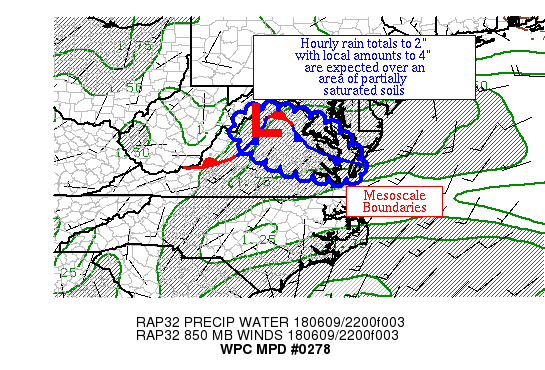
AREAS AFFECTED...PORTIONS OF VA & SOUTHERN MD

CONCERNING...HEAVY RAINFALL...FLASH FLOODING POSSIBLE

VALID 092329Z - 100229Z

SUMMARY...THUNDERSTORMS COULD CONTINUE TO POSE HEAVY RAIN ISSUES
FOR ANOTHER FEW HOURS ACROSS PORTIONS OF NORTHERN AND CENTRAL VA.
HOURLY TOTALS TO 2" WITH LOCAL AMOUNTS TO 4" ARE POSSIBLE.

DISCUSSION...THUNDERSTORMS HAVE BEEN ATTEMPTING TO BROADEN IN
SCALE ACROSS NORTHERN AND EASTERN VA AS WELL AS SOUTHERN MD NEAR
AND EAST OF A MESOSCALE WAVE OF LOW PRESSURE, AHEAD OF A SHORTWAVE
MOVING ACROSS WV.  PRECIPITABLE WATER VALUES ARE ~1.75" PER RECENT
GPS DATA.  CONVERGENT 850 HPA FLOW HAS BEEN ROUGHLY OUT OF THE
WEST AT 15-20 KTS PER VAD WIND PROFILES.  THIS IS IMPORTING ML
CAPE VALUES OF 1500-2000 J/KG OUT OF CENTRAL AND NORTHERN VA
DOWNSTREAM TO THE EAST.  TO THE EAST OF THE WAVE, EFFECTIVE BULK
SHEAR OF 25 KTS IS ADVERTISED BY SPC MESOANALYSES.

THE 12Z HREF PROBABILITIES OF 1"+ AN HOUR SLOWLY FADE THROUGH 02Z
AS THUNDERSTORMS FROM THE NORTHWEST/BLUE RIDGE MOUNTAINS ATTEMPT
TO ERODE THE INSTABILITY POOL AND 850 HPA INFLOW WEAKENS, WHICH
WOULD COLLAPSE CONVECTION TO ITS EAST.  THE MESOSCALE GUIDANCE
ADVERTISES LOCAL AMOUNTS IN THE 2-3" RANGE OVER THE NEXT SEVERAL
HOURS, BUT STORMS NEAR THE NORTHERN NECK OF VA HAVE SHOWN GREATER
EFFICIENCY THAN WHAT HAS BEEN FORECAST AND SHOWS GREATER COVERAGE.
 CELL TRAINING APPEARS TO BE THE MAIN HEAVY RAINFALL THREAT.
BELIEVE HOURLY RAIN TOTALS TO 2" WITH LOCAL AMOUNTS TO 4" ARE
REASONABLE OVER THE NEXT FEW HOURS BEFORE THE AIRMASS STABILIZES
AND THE STORMS FORWARD PROPAGATE AND SHIFT SOUTHEAST.  THIS HEAVY
RAIN IS EXPECTED TO FALL OVER PARTIALLY SATURATED SOILS.